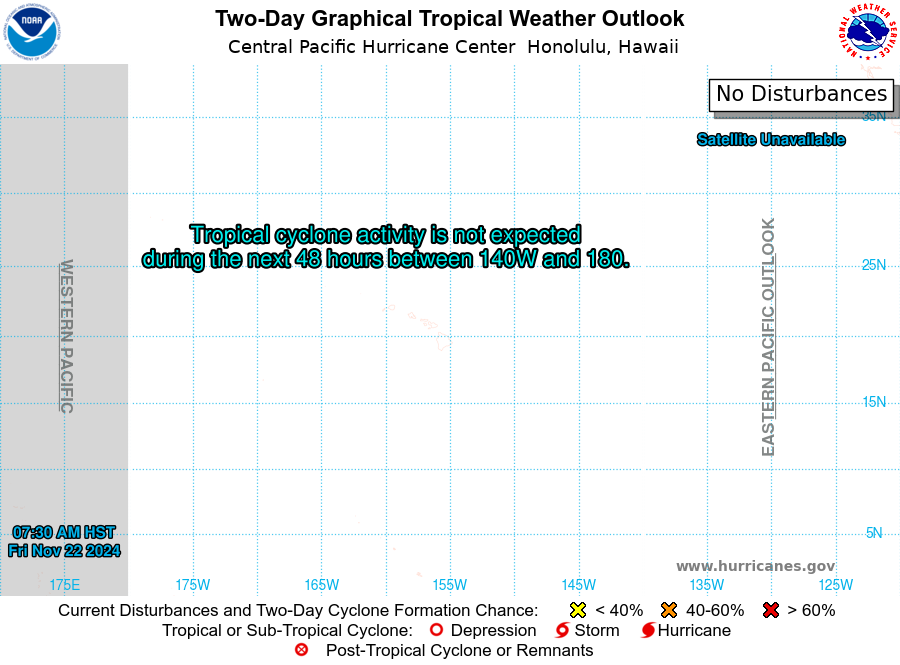
For the central North Pacific...between 140W and 180W:

No tropical cyclones are expected during the next 7 days.

Forecaster JVC